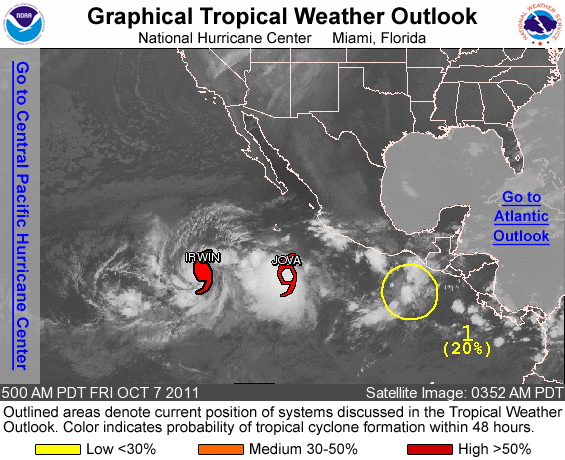
FOR THE EASTERN NORTH PACIFIC...EAST OF 140 DEGREES WEST LONGITUDE..

THE NATIONAL HURRICANE CENTER IS ISSUING ADVISORIES ON TROPICAL STORM JOVA...LOCATED ABOUT 520 MILES SOUTHWEST OF MANZANILLO MEXICO...AND ON RECENTLY UPGRADED HURRICANE IRWIN...LOCATED ABOUT 910 MILES SOUTHWEST OF THE SOUTHERN TIP OF BAJA CALIFORNIA.

1. AN AREA OF DISTURBED WEATHER IS LOCATED A FEW HUNDRED MILES SOUTH OF THE GULF OF TEHUANTEPEC. UPPER-LEVEL WINDS APPEAR SOMEWHAT CONDUCIVE FOR SLOW DEVELOPMENT OF THIS SYSTEM...AND IT HAS A LOW CHANCE...20 PERCENT...OF BECOMING A TROPICAL CYCLONE DURING THE NEXT 48 HOURS AS IT MOVES WESTWARD AT 5 TO 10 MPH.

ELSEWHERE...TROPICAL CYCLONE FORMATION IS NOT EXPECTED DURING THE NEXT 48 HOURS.

FORECASTER PASCH